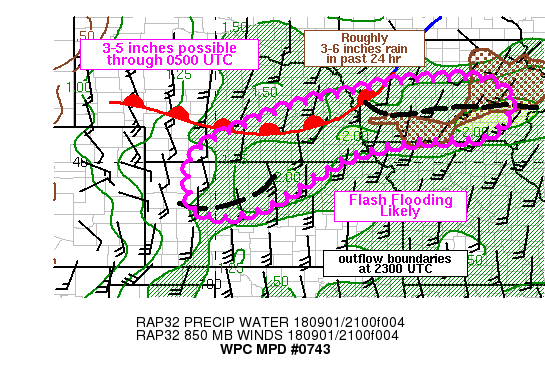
Areas affected...north-central KS into southeastern NE and IA

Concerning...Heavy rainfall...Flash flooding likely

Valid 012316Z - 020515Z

Summary...The threat for flash flooding should increase overnight
from north-central KS/southeastern NE into IA. Rainfall of 3-5
inches will be possible in a couple of locations, some of which
may overlap with wet antecedent conditions over IA.

Discussion...Regional radar imagery from 23Z showed an ongoing
cluster of thunderstorms in north-central KS, north of I-70, in
Osborne and Russell counties, with a related cold pool just south
of the ongoing rainfall. KUEX one hour rainfall estimates were 1-2
in/hr but some hail contamination was likely inflating those
estimates a bit. VAD wind plots of 850 mb winds at KDDC and KICT
were near 20 kt from the south, with speeds forecast to increase
by the RAP to 35 kt by 03Z, pointed directly into the existing
outflow boundary which bisected I-70 at 23Z. This increase should
occur with typical nocturnal strengthening of the low level jet in
combination with an approaching 700-500 mb shortwave currently
moving across the central to southern High Plains. Forcing for
ascent ahead of this feature, increasing divergence aloft within
the right entrance region of a strengthening 250 mb jet axis from
NE into the upper MS valley, along with the increasing low level
moisture transport through KS should help to support the continual
regeneration of thunderstorms and training from north-central KS,
eventually spreading and expanding east-northeastward into
southeastern NE and central IA.

Portions of IA received 3-6 inches of rain over the past 24 hours
which has allowed for Flash Flood Guidance (FFG) values to lower
to 1-2 inches in 3 hours. Ample CAPE (2000+ J/kg) is already in
place to the south of a remnant outflow boundary in IA and over
southern and eastern KS (via the SPC mesoanalysis) to help sustain
convection well into the night. Given increasing precipitable
water values into the 1.75-2.00+ inch range across the region,
parameters will be present to allow for 1-2 in/hr rainfall rates
and repeating heavy rains. Flash flooding appears likely through
at least 05Z.